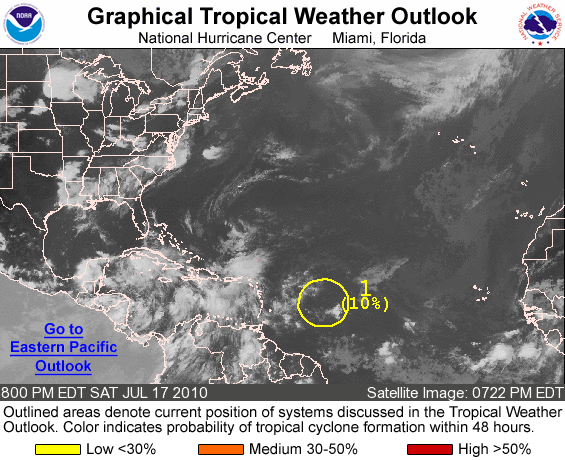
FOR THE NORTH ATLANTIC...CARIBBEAN SEA AND THE GULF OF MEXICO...

1. A BROAD AREA OF LOW PRESSURE...ASSOCIATED WITH A TROPICAL WAVE...IS CENTERED ABOUT 700 MILES EAST OF THE WINDWARD ISLANDS. THIS SYSTEM CURRENTLY IS PRODUCING VERY LITTLE SHOWER ACTIVITY...AND ENVIRONMENTAL CONDITIONS ARE EXPECTED TO BE UNFAVORABLE FOR SIGNIFICANT DEVELOPMENT FOR THE NEXT COUPLE OF DAYS. THERE IS A LOW CHANCE...10 PERCENT...OF THIS SYSTEM BECOMING A TROPICAL CYCLONE DURING THE NEXT 48 HOURS...ALTHOUGH CONDITIONS COULD BECOME MORE FAVORABLE FOR DEVELOPMENT AFTER THAT.

FORECASTER FRANKLIN